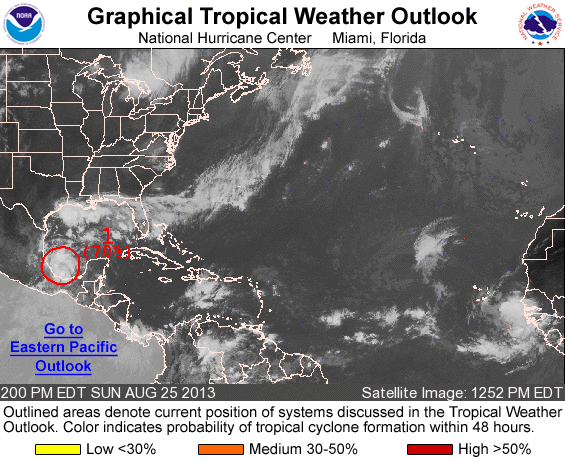
FOR THE NORTH ATLANTIC...CARIBBEAN SEA AND THE GULF OF MEXICO...

1. SHOWERS AND THUNDERSTORMS ASSOCIATED WITH AN AREA OF LOW PRESSURE LOCATED OVER THE SOUTHWESTERN BAY OF CAMPECHE HAVE BECOME BETTER ORGANIZED OVER THE PAST SEVERAL HOURS. ENVIRONMENTAL CONDITIONS APPEAR CONDUCIVE FOR DEVELOPMENT WHILE THE SYSTEM MOVES WESTWARD NEAR 10 MPH...AND A TROPICAL DEPRESSION COULD FORM BEFORE THE SYSTEM REACHES THE COAST OF THE STATE OF VERACRUZ MEXICO TONIGHT OR MONDAY. THIS SYSTEM HAS A HIGH CHANCE...70 PERCENT...OF BECOMING A TROPICAL CYCLONE DURING THE NEXT 48 HOURS...AND A HIGH CHANCE...70 PERCENT...OF BECOMING A TROPICAL CYCLONE DURING THE NEXT 5 DAYS. INTERESTS IN THE STATE OF VERACRUZ MEXICO SHOULD MONITOR THE PROGRESS OF THIS DISTURBANCE. AN AIR FORCE RESERVE HURRICANE HUNTER AIRCRAFT IS SCHEDULED TO INVESTIGATE THE SYSTEM LATER THIS AFTERNOON.

OTHER SYSTEMS WITH FORMATION POTENTIAL BEYOND 48 HOURS...

A TROPICAL WAVE IS EXPECTED TO EMERGE FROM WESTERN AFRICA TONIGHT AND MOVE WESTWARD OVER THE TROPICAL ATLANTIC OVER THE NEXT SEVERAL DAYS. SOME DEVELOPMENT OF THIS SYSTEM IS POSSIBLE BY LATER IN THE WEEK. THIS SYSTEM HAS A LOW CHANCE...NEAR 0 PERCENT...OF BECOMING A TROPICAL CYCLONE DURING THE NEXT 48 HOURS...AND A LOW CHANCE...20 PERCENT...OF BECOMING A TROPICAL CYCLONE DURING THE NEXT 5 DAYS.

FIVE-DAY FORMATION PROBABILITIES ARE EXPERIMENTAL IN 2013. COMMENTS ON THE EXPERIMENTAL FORECASTS CAN BE PROVIDED AT...

HTTP://WWW.NWS.NOAA.GOV/SURVEY/NWS-SURVEY.PHP?CODE=ETWO

FORECASTER PASCH